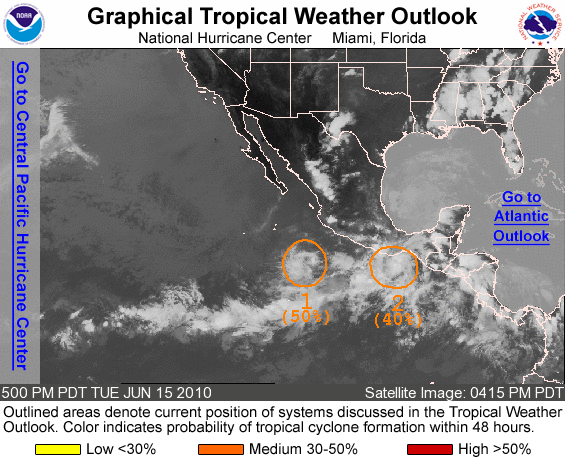
FOR THE EASTERN NORTH PACIFIC...EAST OF 140 DEGREES WEST LONGITUDE..

1. A NEARLY STATIONARY LOW PRESSURE SYSTEM LOCATED ABOUT 300 MILES SOUTH-SOUTHWEST OF MANZANILLO MEXICO HAS CHANGED LITTLE IN ORGANIZATION THIS AFTERNOON. ENVIRONMENTAL CONDITIONS REMAIN MARGINALLY CONDUCIVE FOR SLOW DEVELOPMENT...AND A TROPICAL DEPRESSION COULD FORM FROM THIS SYSTEM AS IT MOVES LITTLE OVER THE NEXT DAY OR TWO. THERE IS A MEDIUM CHANCE...50 PERCENT...OF THIS SYSTEM BECOMING A TROPICAL CYCLONE DURING THE NEXT 48 HOURS.

2. A BROAD AREA OF LOW PRESSURE CENTERED IN THE VICINITY OF THE GULF OF TEHUANTEPEC CONTINUES TO PRODUCE WIDESPREAD SHOWERS AND THUNDERSTORMS. ENVIRONMENTAL CONDITIONS APPEAR CONDUCIVE FOR SOME SLOW DEVELOPMENT OF THIS SYSTEM OVER THE NEXT COUPLE OF DAYS AS IT REMAINS NEARLY STATIONARY. THERE IS A MEDIUM CHANCE...40 PERCENT... OF THIS SYSTEM BECOMING A TROPICAL CYCLONE DURING THE NEXT 48 HOURS. REGARDLESS OF DEVELOPMENT...HEAVY RAINS ARE POSSIBLE OVER THE COASTAL SECTIONS OF SOUTHEASTERN MEXICO DURING THE NEXT COUPLE OF DAYS.

ELSEWHERE...TROPICAL CYCLONE FORMATION IS NOT EXPECTED DURING THE NEXT 48 HOURS.

FORECASTER CANGIALOSI/BEVEN